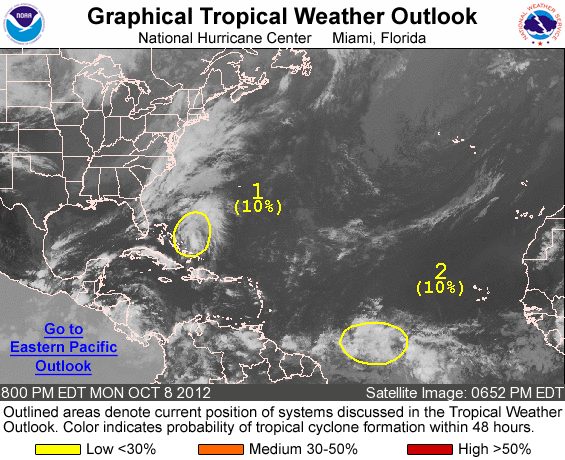
FOR THE NORTH ATLANTIC...CARIBBEAN SEA AND THE GULF OF MEXICO...

1. A NORTHWARD-MOVING TROUGH OF LOW PRESSURE EXTENDING FROM NEAR THE CENTRAL BAHAMAS NORTH-NORTHEASTWARD OVER THE WESTERN ATLANTIC FOR A COUPLE HUNDRED MILES CONTINUES TO PRODUCE DISORGANIZED SHOWERS AND THUNDERSTORMS. UPPER-LEVEL WINDS ARE BECOMING LESS CONDUCIVE FOR DEVELOPMENT...AND THIS SYSTEM HAS A LOW CHANCE...10 PERCENT...OF BECOMING A TROPICAL CYCLONE DURING THE NEXT 48 HOURS.

2. A TROPICAL WAVE ACCOMPANIED BY A BROAD AREA OF LOW PRESSURE IS LOCATED ABOUT MIDWAY BETWEEN THE WINDWARD ISLANDS AND THE COAST OF AFRICA. SHOWERS AND THUNDERSTORMS ASSOCIATED WITH THIS DISTURBANCE AND CURRENTLY DISORGANIZED...AND DEVELOPMENT...IF ANY...SHOULD BE SLOW TO OCCUR. THIS SYSTEM HAS A LOW CHANCE...10 PERCENT...OF BECOMING A TROPICAL CYCLONE DURING THE NEXT 48 HOURS AS IT MOVES WEST-NORTHWESTWARD AT 15 TO 20 MPH.

ELSEWHERE...TROPICAL CYCLONE FORMATION IS NOT EXPECTED DURING THE NEXT 48 HOURS.

FORECASTER KIMBERLAIN